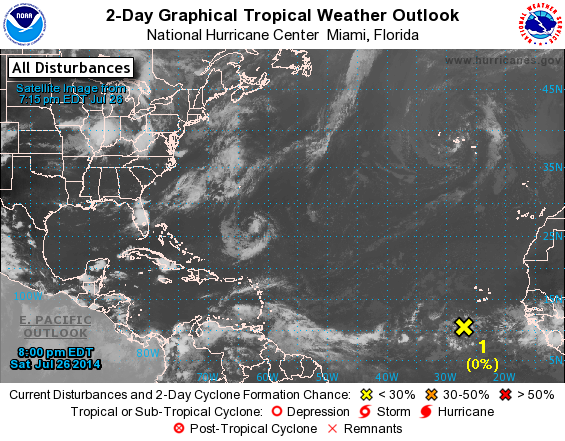
For the North Atlantic...Caribbean Sea and the Gulf of Mexico:

1. A tropical wave located to the southwest of the Cape Verde Islands is moving westward at 10 to 15 mph. Although the system is currently disorganized, environmental conditions may allow for the gradual development of an area of low pressure over the central tropical Atlantic by the middle of next week.
* Formation chance through 48 hours...low...near 0 percent
* Formation chance through 5 days...low...20 percent

Forecaster Zelinsky/Beven